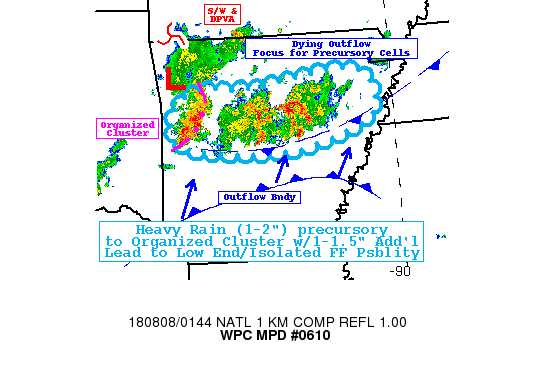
Areas affected...Central Arkansas...

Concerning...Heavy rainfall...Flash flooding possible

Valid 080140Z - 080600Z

SUMMARY...Colliding outflows to support broad areas of ascent and
quick downdrafts with totals of 1.5-2.5" in very short duration.
Secondary fast moving cluster to track through same areas adding
more rain, increasing some isolated flash flooding.

DISCUSSION...Regional RADAR mosaic depicts chaotic outflow driven
quick up and down thunderstorms in the vicinity of the old outflow
boundary bisecting AR toward Memphis.  Moisture pooled along the
boundary supports total PWATs near 2".  However, 00z LZK sounding
denotes a solid inverted v boundary layer and inflow region across
central/southern AR is the local minimum in surface Tds though
still in the mid to upper 60s.  Weak mid-level flow and these dry
pockets support the strong wet microbursts capable of 1.5-2.5" in
less than 30 minutes nearing but not necessarily eclipsing the
high 1hr FFG values that are in the 2.5-3" range.  FFG only
further increases and the overall duration is limited due to the
cold pools/outflow.

With that stated, MCV vorticity center is dropping Southeast out
of SE KS and is supporting a more organized convective cluster
across NW/West Central AR...that will track through the same
areas.  The forward propagation is very fast, but capable of an
additional 1.5" in short duration.  Waning GOES-16 visible imagery
and 3.9um SWIR depict and outflow boundary from dying convection
across northern LA, that will help surge some unstable air
northward to feed the cluster to maintain it, and as the outflow
converges will allow for one last stronger updraft surge before
ingesting more worked over air.

Flash flooding remains possible but very isolated over the next
few hours as the limiting factors toward FF conditions continue to
compound, as such flash flooding is considered possible but on the
low end and more isolated in nature.